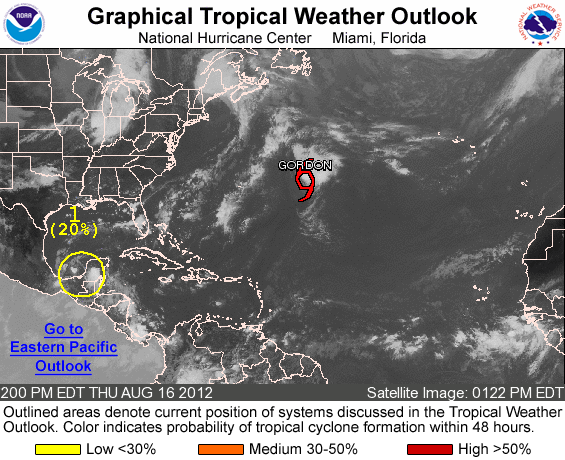
FOR THE NORTH ATLANTIC...CARIBBEAN SEA AND THE GULF OF MEXICO...

THE NATIONAL HURRICANE CENTER IS ISSUING ADVISORIES ON RECENTLY UPGRADED TROPICAL STORM GORDON...LOCATED OVER THE CENTRAL ATLANTIC ABOUT 640 MILES EAST OF BERMUDA.

1. A TROUGH OF LOW PRESSURE...THE REMNANTS OF TROPICAL DEPRESSION SEVEN...HAS EMERGED OVER THE BAY OF CAMPECHE AND CONTINUES TO PRODUCE DISORGANIZED SHOWERS AND THUNDERSTORMS. ALTHOUGH ENVIRONMENTAL CONDITIONS ARE CONDUCIVE FOR DEVELOPMENT...THE PROXIMITY TO LAND WILL LIKELY LIMIT SIGNIFICANT ORGANIZATION OF THE DISTURBANCE. THIS SYSTEM HAS A LOW CHANCE...20 PERCENT...OF BECOMING A TROPICAL CYCLONE AGAIN DURING THE NEXT 48 HOURS AS IT MOVES WEST-NORTHWESTWARD TO NORTHWESTWARD AT 10 TO 15 MPH.

ELSEWHERE...TROPICAL CYCLONE FORMATION IS NOT EXPECTED DURING THE NEXT 48 HOURS.

&&
PUBLIC ADVISORIES ON TROPICAL DEPRESSION EIGHT ARE ISSUED UNDER WMO HEADER WTNT33 KNHC AND UNDER AWIPS HEADER MIATCPAT3. FORECAST/ADVISORIES ON TROPICAL DEPRESSION EIGHT ARE ISSUED UNDER WMO HEADER WTNT23 KNHC AND UNDER AWIPS HEADER MIATCMAT3.

FORECASTER STEWART